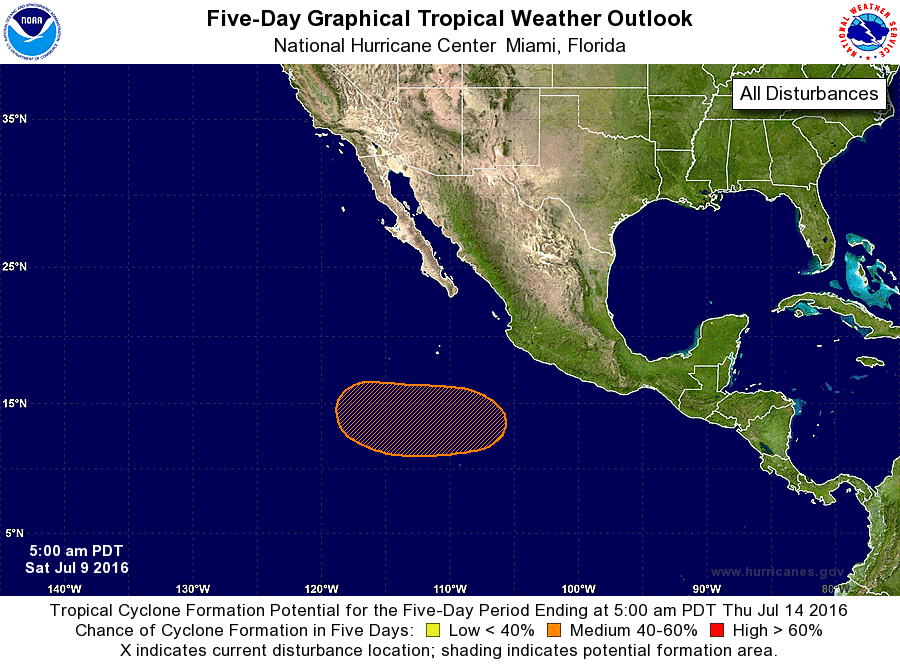
For the eastern North Pacific...east of 140 degrees west longitude:

The National Hurricane Center is issuing advisories on recently downgraded Tropical Storm Blas, located about 1400 miles west of the southern tip of the Baja California peninsula, and on Tropical Storm Celia, located about 700 miles southwest of the southern tip of the Baja California peninsula.

1. An area of low pressure is expected to form in a couple of days several hundred miles southwest of the coast of Mexico. Some subsequent development of this system is possible while it moves westward to west-northwestward.
* Formation chance through 48 hours...low...near 0 percent
* Formation chance through 5 days...medium...40 percent

Forecaster Cangialosi